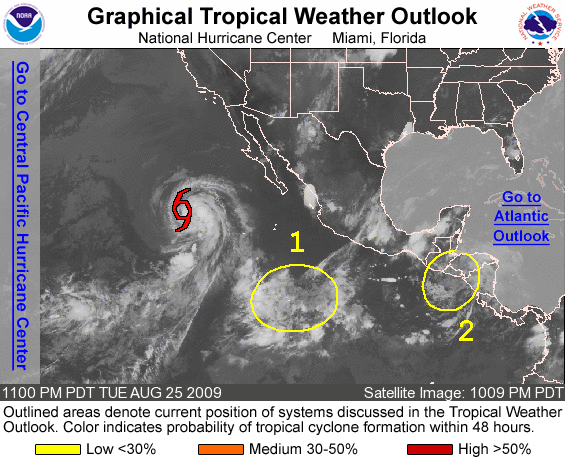
FOR THE EASTERN NORTH PACIFIC...EAST OF 140 DEGREES WEST LONGITUDE..

THE NATIONAL HURRICANE CENTER IS ISSUING ADVISORIES ON TROPICAL STORM IGNACIO...LOCATED ABOUT 765 MILES WEST SOUTHERN TIP OF BAJA CALIFORNIA.

1. A LARGE BUT DISORGANIZED AREA OF DISTURBED WEATHER IS CENTERED SEVERAL HUNDRED MILES SOUTH-SOUTHWEST OF THE SOUTHWESTERN COAST OF MEXICO. ENVIRONMENTAL CONDITIONS APPEAR CONDUCIVE FOR SOME SLOW DEVELOPMENT OF THIS SYSTEM AS IT MOVES WEST TO WEST-NORTHWESTWARD NEAR 10 MPH OVER THE NEXT COUPLE OF DAYS. THERE IS A LOW CHANCE...LESS THAN 30 PERCENT...OF THIS SYSTEM BECOMING A TROPICAL CYCLONE DURING THE NEXT 48 HOURS.

2. A BROAD AREA OF LOW PRESSURE PREVIOUSLY LOCATED OVER CENTRAL AMERICA HAS MOVED WESTWARD ABOUT 15 MPH AND IS NOW CENTERED JUST SOUTH OF EL SALVADOR. SATELLITE IMAGES INDICATE THAT THE THUNDERSTORM ACTIVITY HAS DECREASED AND FURTHER DEVELOPMENT...IF ANY...SHOULD BE SLOW TO OCCUR TO DUE ITS PROXIMITY TO LAND. THERE IS A LOW CHANCE...LESS THAN 30 PERCENT...OF THIS SYSTEM BECOMING A TROPICAL CYCLONE DURING THE NEXT 48 HOURS. REGARDLESS OF DEVELOPMENT... LOCALLY HEAVY RAIN IS EXPECTED OVER PORTIONS OF CENTRAL AMERICA AND EXTREME SOUTHEASTERN MEXICO OVER THE NEXT DAY OR TWO.

ELSEWHERE...TROPICAL CYCLONE FORMATION IS NOT EXPECTED DURING THE NEXT 48 HOURS.

FORECASTER AVILA